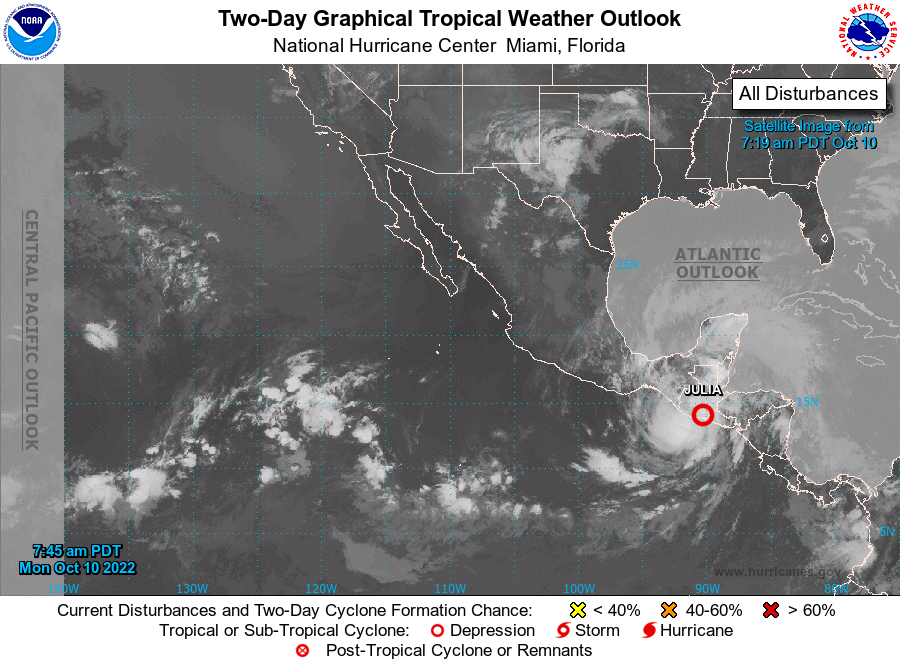
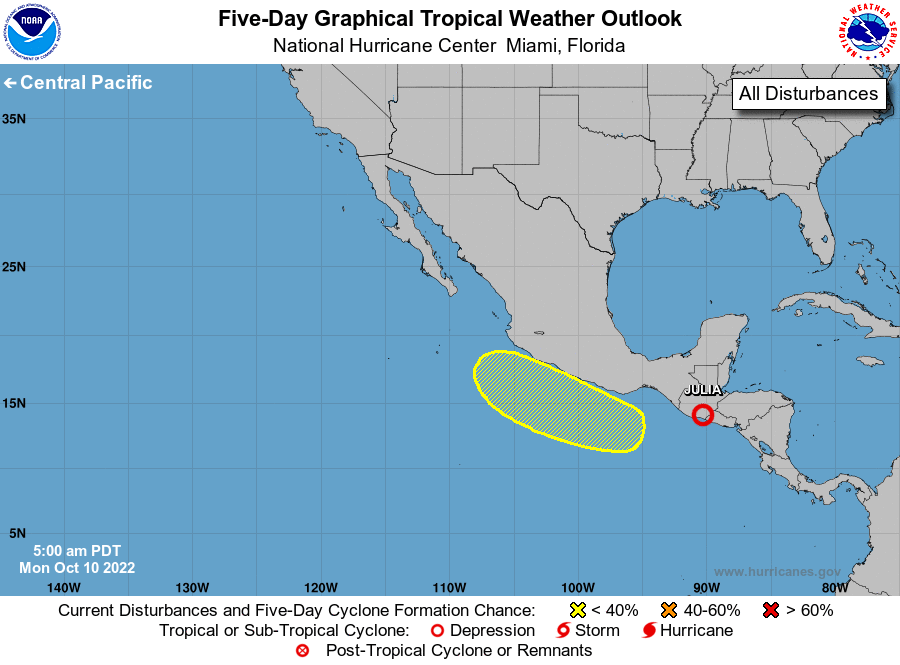
For the eastern North Pacific...east of 140 degrees west longitude:

Active Systems: The National Hurricane Center is issuing advisories on Tropical Storm Julia, located near the coast of El Salvador.

1. Near the coast of Southern Mexico: Tropical Storm Julia is forecast to dissipate near the coast of Guatemala and El Salvador later today or tonight. Its remnants are expected to continue westward and could contribute to the formation of a new area of low pressure just south of the coast of southern Mexico in another day or two. Some subsequent gradual development of the new system will be possible while it moves generally westward to west-northwestward near the coast of Mexico through the end of the week.
* Formation chance through 48 hours...low...near 0 percent.
* Formation chance through 5 days...low...30 percent.

Public Advisories on Tropical Storm Julia are issued under WMO header WTPZ33 KNHC and under AWIPS header MIATCPEP3. Forecast/Advisories on Tropical Storm Julia are issued under WMO header WTPZ23 KNHC and under AWIPS header MIATCMEP3.

Forecaster D. Zelinsky